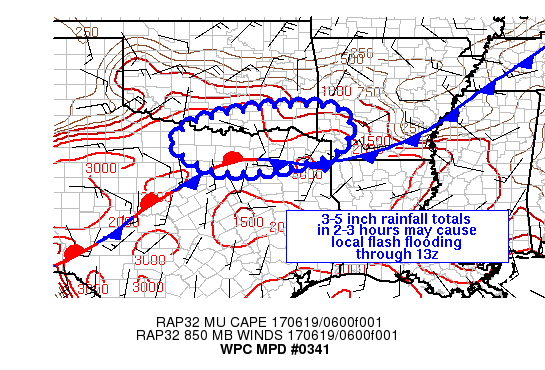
AREAS AFFECTED...NRN TEXAS INTO FAR SERN OK/SWRN AR

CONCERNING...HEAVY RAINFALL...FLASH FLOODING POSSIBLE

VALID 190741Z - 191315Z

SUMMARY...SLOW MOVING THUNDERSTORMS WITH BRIEF TRAINING CONTAINING
RAINFALL RATES OF 1-2 IN/HR ARE EXPECTED TO DEVELOP INTO NRN/NERN
TX AND FAR SERN OK/SWRN AR. THESE STORMS MAY CAUSE 3-5 INCH TOTALS
AND LOCALIZED FLASH FLOODING THROUGH 13Z.

DISCUSSION...OVER THE PAST HOUR...EXPERIMENTAL GOES 16 10.3 MICRON
IMAGERY HAS SHOWN A RAPID EXTENSION AND EXPANSION OF COLDER CLOUD
TOPS TO THE WSW OF ONGOING SHOWERS AND THUNDERSTORMS LOCATED IN
SERN OK. BRIEF TRAINING OF SMALL RAINFALL CORES HAS ALREADY BEEN
OBSERVED OVER PORTIONS OF SRN OK. THESE STORMS ARE ELEVATED IN
NATURE AND APPEAR TO BE LOCATED ALONG THE 850 MB REFLECTION OF A
FRONTAL BOUNDARY DRAPED SWWD FROM SRN AR INTO NERN AND CNTRL TX.
THE BOUNDARY HAS BEEN SLOWLY SINKING SOUTH OVER THE PAST FEW HOURS
AND HAS MET WITH AN ENVIRONMENT CHARACTERIZED BY HIGHER CAPE
VALUES THAN WHAT HAS BEEN OBSERVED IN CNTRL OK. THE LATEST SPC
MESOANALYSIS PLACES 1500-3000 J/KG MUCAPE ALONG THE RED RIVER
VERSUS 500-1000 FARTHER NORTH.

INDIVIDUAL CELLS OVER S-CNTRL OK HAVE BEEN AVERAGING 10-15 KT
TOWARD THE SOUTHEAST. RAP ANALYSES AND AREA VAD WIND PLOTS SHOWED
A CORRIDOR OF STRONGER 700 MB FLOW...25-30 KT...LOCATED BETWEEN
FDR/DYS AND EXTENDING EAST TO I-35 IN NORTH TX. THE ONGOING AREA
OF CONVECTION IN S-CNTRL AND SERN OK IS EXPECTED TO CONTINUE
MOVING SOUTH THROUGH 13Z OR 14Z AND FOR STORMS ROOTED CLOSER TO
700 MB...BRIEF TRAINING OF CELLS IS EXPECTED TO BECOME MORE
WIDESPREAD. GIVEN RAINFALL RATES OF 1-2 IN/HR AND THE SLOW
MOVEMENT EXPECTED...3-5 INCHES IN A 2 OR 3 HOUR PERIOD SEEMS
LIKELY WHICH WOULD CAUSE LOCALIZED FLASH FLOODING. THE COVERAGE OF
3-5 INCH RAINFALL SHOULD NOT BE WIDESPREAD WITHIN THE MPD THREAT
AREA AND HIGHER FLASH FLOOD GUIDANCE VALUES OF 3-5 INCHES IN 3
HOURS SHOULD KEEP FLASH FLOODING LIMITED TO JUST A FEW LOCATIONS.